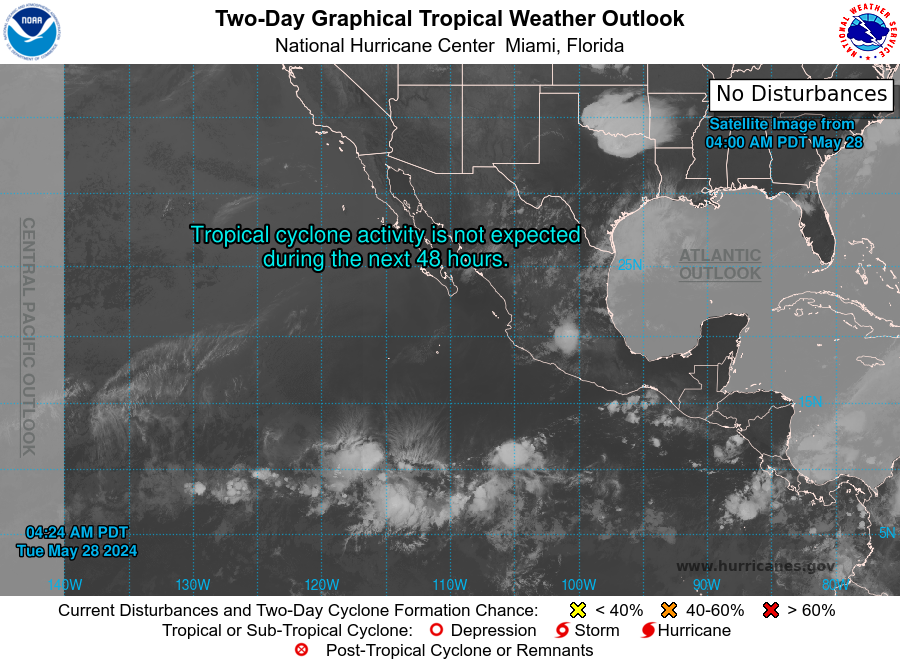
For the eastern North Pacific...east of 140 degrees west longitude:

Tropical cyclone formation is not expected during the next 7 days.

Forecaster Berg